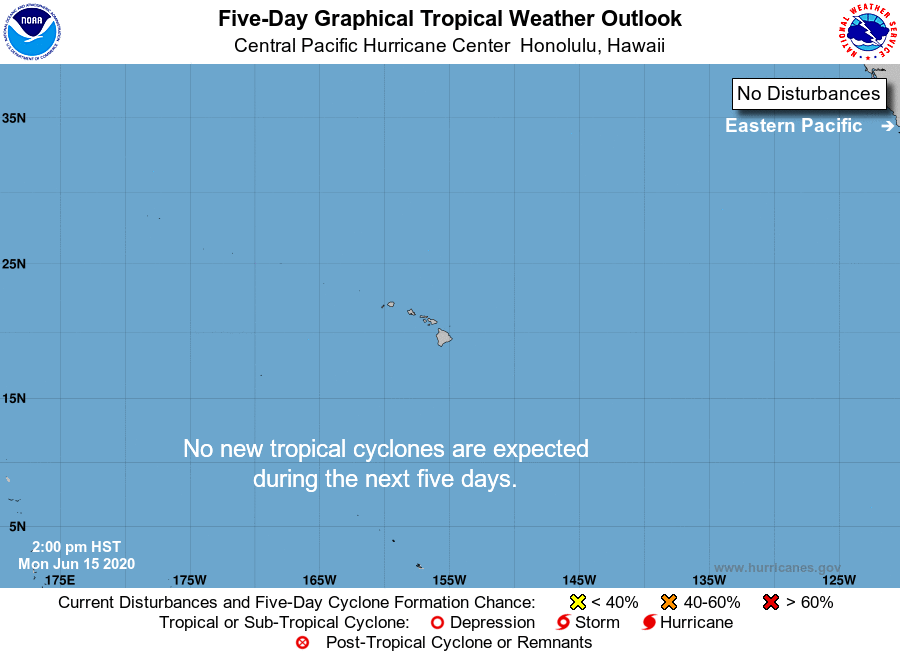
For the central North Pacific...between 140W and 180W:

No tropical cyclones are expected during the next 5 days.

Forecaster TS